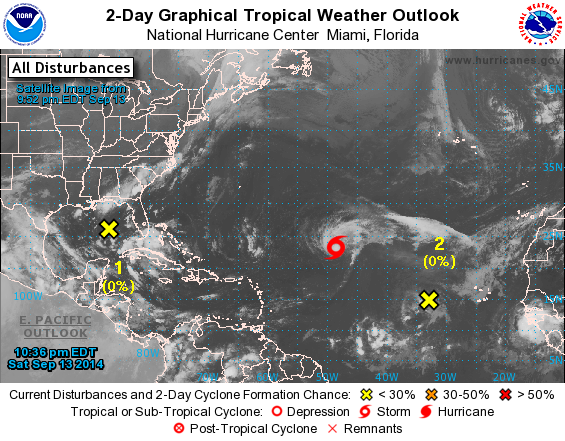
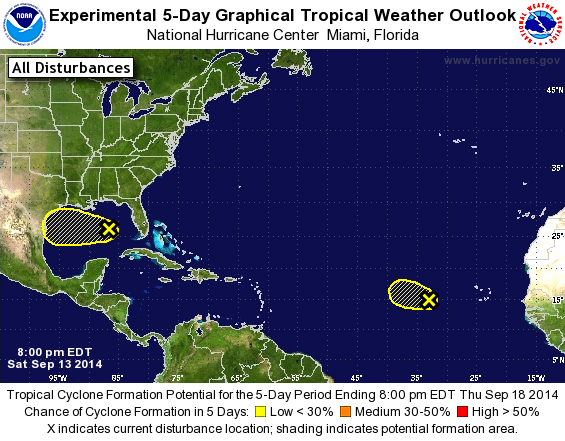
For the North Atlantic...Caribbean Sea and the Gulf of Mexico:

The National Hurricane Center is issuing advisories on Tropical Storm Edouard, located about 1100 miles east-northeast of the northern Leeward Islands.

1. The area of low pressure located over the east-central Gulf of Mexico has continued to become less defined this afternoon and the associated shower activity is minimal. Upper-level winds are not conducive for development, and the low will most likely degenerate into a trough of low pressure while it moves westward across the Gulf of Mexico during the next few days.
* Formation chance through 48 hours...low...near 0 percent.
* Formation chance through 5 days...low...near 0 percent.

2. Shower activity associated with a tropical wave located several hundred miles west-southwest of the Cape Verde Islands has diminished today, and development of this system is unlikely to occur as it moves westward or west-northwestward at 10 to 15 mph.
* Formation chance through 48 hours...low...near 0 percent.
* Formation chance through 5 days...low...near 0 percent.

Forecaster Kimberlain